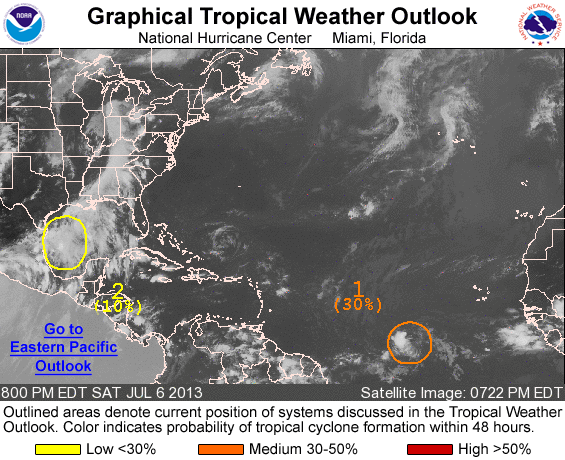
FOR THE NORTH ATLANTIC...CARIBBEAN SEA AND THE GULF OF MEXICO...

1. A STRONG TROPICAL WAVE IS LOCATED OVER THE EASTERN ATLANTIC ABOUT 950 MILES SOUTHWEST OF THE CAPE VERDE ISLANDS. ALTHOUGH THE SHOWER AND THUNDERSTORM ACTIVITY CONTINUES TO SHOW SOME SIGNS OF ORGANIZATION...THERE IS NO EVIDENCE OF A CLOSED SURFACE CIRCULATION AT THIS TIME. ENVIRONMENTAL CONDITIONS ARE EXPECTED TO BECOME A LITTLE MORE FAVORABLE FOR DEVELOPMENT OVER THE NEXT FEW DAYS...AND THIS SYSTEM HAS A MEDIUM CHANCE...30 PERCENT...OF BECOMING A TROPICAL CYCLONE DURING THE NEXT 48 HOURS AS IT MOVES WESTWARD AT 20 TO 25 MPH.

2. WIDESPREAD SHOWERS AND THUNDERSTORMS OVER THE WESTERN AND CENTRAL GULF OF MEXICO ARE ASSOCIATED WITH A SURFACE TROUGH OF LOW PRESSURE. THE TROUGH IS EXPECTED TO MOVE SLOWLY NORTHWARD OVER THE NEXT DAY OR SO TOWARD THE TEXAS AND LOUISIANA COASTS. UPPER- LEVEL WINDS ARE NOT CONDUCIVE FOR DEVELOPMENT...AND THIS SYSTEM HAS A LOW CHANCE...10 PERCENT...OF BECOMING A TROPICAL CYCLONE DURING THE NEXT 48 HOURS. REGARDLESS OF DEVELOPMENT...THIS DISTURBANCE IS FORECAST TO PRODUCE PERIODS OF LOCALLY HEAVY RAINFALL ACROSS PORTIONS OF THE NORTHWESTERN AND NORTHERN GULF COASTS THROUGH MONDAY.

ELSEWHERE...TROPICAL CYCLONE FORMATION IS NOT EXPECTED DURING THE NEXT 48 HOURS.

FORECASTER BROWN